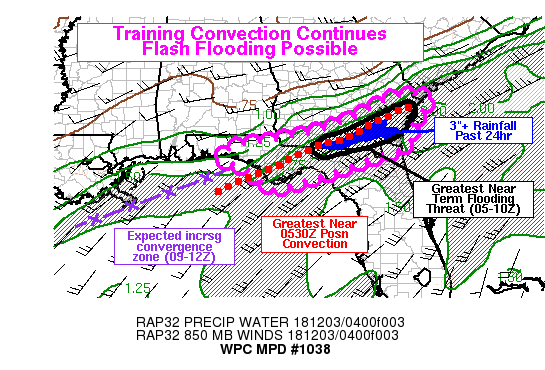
Areas affected...Central Florida Panhandle and South Georgia

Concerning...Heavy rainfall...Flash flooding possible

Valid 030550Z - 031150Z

Summary...Rain and thunderstorms will persist through the
remainder of the night from the Florida Panhandle into South
Georgia, and repeated waves of thunderstorms in some locations
will lead to localized swaths of heavy rainfall. Rain rates should
peak in the 1-2 in/hr range and this may lead to flash flooding,
particularly where rain rates of that magnitude intersect prior
swaths of heavy rainfall from the past 12-24 hours.

Discussion...A relatively stagnant pattern over the Southeast
continues to support a quasi-stationary band of rain and
convection stretching from southern Georgia back to the southwest
into the Florida Panhandle and the northern Gulf of Mexico. This
band of convection was situated on the poleward (northwest)
periphery of a plume of PWs around 1.7 to 1.9 inches and MLCAPE of
around 1000-1500 j/kg. This should maintain organized convective
clusters and lines through the remainder of the night, especially
given the convection is embedded in a region of about 50-60 knots
of deep layer shear. The combination of moderate instability with
relatively high PWs should yield rain rates into the 1-2 in/hr
range, and KVLD reported 1.46 inches in the 04-05Z hour. 1hr flash
flood guidance is generally above 2 inches across the region,
which means that flash flooding would be most likely to develop
(1) in areas that have received the heaviest rainfall over the
past 12-24 hours, or (2) due to persistence of heavy rain rates
for 2-3 hours.

Over the past day, the heaviest rainfall in the outlined areas has
fallen from near the Florida-Georgia border around Valdosta, ENE
to Waycross and Brunswick. NSSL QPE shows over 3 inches of
rainfall in these areas, with localized areas receiving more than
double that. It just so happens that the ongoing band of
convection intersects some of these areas with very saturated
soils. Hi-res models show the strongest convection through around
10Z being maintained in the same area, further northeast into
portions of Georgia where the ambient flow in the 925-850mb layer
is stronger. It makes sense that the strongest convection would be
maintained where the LLJ is strongest, especially given the slight
inversion indicated on the 00Z TLH sounding. Thus we may see
elements of both heavy rain rate persistence and antecedent
conditions creating some flash flooding in south-central and
southeast Georgia.

Further to the southwest, there is a significant cluster of strong
convection (as of 0530Z) pushing into the central Florida
Panhandle from the Gulf of Mexico just to the northwest of Cape
San Blas. This convection may train for an hour or two and lead to
additional swaths of heavy rainfall from Mexico Beach northeast
toward Tallahassee. However, these areas have received slightly
less rainfall as compared to south Georgia, and thus antecedent
conditions will be initially less favorable for flash flooding;
this is reflected in higher FFG numbers. Nevertheless, given the
vigor of the convection, flash flooding will be possible in these
areas as well given the favorable training pattern. As we approach
sunrise, 09-12Z, RAP forecasts show increasing convergence over
the north-central Gulf of Mexico as winds over the central Gulf
Coast states begin to veer with a weak wave pushing in. This may
reinvigorate upstream convection over the Gulf, perhaps displaced
slightly to the left of ongoing convection relative to the mean
storm motion vector, and this could lead to a continuing threat of
flash flooding into the morning hours over the Florida Panhandle.